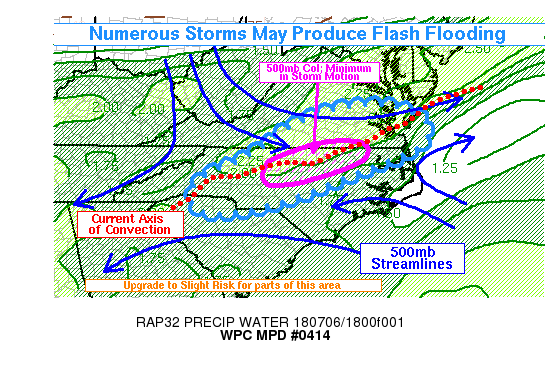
AREAS AFFECTED...SRN VA...NC...UPSTATE SC

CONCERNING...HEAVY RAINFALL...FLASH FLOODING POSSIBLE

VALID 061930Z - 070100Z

SUMMARY...STORMS WERE BECOMING MORE NUMEROUS AND CONCENTRATED IN
CENTRAL NORTH CAROLINA AND ADJACENT AREAS THIS AFTERNOON. THESE
STORMS WERE MOVING SLOWLY AND MAY PRODUCE RAIN RATES UP TO 2-3
IN/HR IN SOME LOCATIONS...WHICH COULD LEAD TO FLASH FLOODING.

DISCUSSION...RAP MODEL ANALYSIS SHOWED (AND 12Z RAOBS IMPLIED) A
COL AND GENERAL WEAKNESS IN THE MID-LEVEL FLOW CENTERED ON NORTH
CAROLINA. THIS WAS INDEED WHERE LATEST RADAR TRENDS SHOWED THE
SLOWEST AVERAGE STORM MOTIONS AND TRENDS FOR STALLING AND
BACKBUILDING CLUSTERS OF STORMS... PARTICULARLY FROM GREENSBORO NC
EAST TO JUST NORTH OF THE TRIANGLE REGION. EVEN THE NORTHERN END
OF A FAIRLY PROGRESSIVE LINE OF THUNDERSTORMS BEGAN TO STALL IN
ROCKINGHAM AND GUILFORD COUNTIES AS IT APPROACHED THAT WEAKNESS IN
THE MID-LEVEL FLOW. CONVECTION WAS GENERALLY BECOMING MORE
CONCENTRATED IN THIS COL...AND IN A COINCIDENT PLUME OF HIGH
PRECIPITABLE WATER VALUES (BETWEEN 1.8 AND 2.1 INCHES). VALUES
THIS HIGH SHOULD ENABLE EFFICIENT RAINFALL PRODUCTION... AND WITH
MODERATE TO STRONG INSTABILITY REGIONWIDE 2-3 IN/HR RAIN RATES
SHOULD BE ACHIEVABLE. THEREFORE... FLASH FLOODING DOES APPEAR
POSSIBLE ACROSS THE REGION THIS AFTERNOON. GIVEN THE INCREASING
CONCENTRATION OF CONVECTION AND SLOWING STORM MOTIONS... PARTS OF
THE REGION WERE UPGRADED TO A SLIGHT RISK ON THE DAY 1 EXCESSIVE
RAINFALL OUTLOOK.

WITH THE SYNOPTIC COLD FRONT WELL TO THE NORTH... THERE IS A LACK
OF A STRONG LOW-LEVEL FOCUS TO LOCK CONVECTION INTO A SPECIFIC
LOCATION FOR AN EXTENDED PERIOD OF TIME. LOW-LEVEL FLOW IS ALSO
RATHER WEAK... SO STORMS SHOULD HAVE A TENDENCY TO DRIFT AND
INDIVIDUAL UPDRAFTS MAY NOT BE ABLE TO LAST FOR EXTENDED PERIODS
OF TIME. NEVERTHELESS... WITH THE SLOW STORM MOTIONS AND ABUNDANT
LOW-MID LEVEL MOISTURE... LOCALLY HEAVY RAINFALL APPEARS VERY
LIKELY AND THIS MAY PRODUCE LOCALIZED FLASH FLOODING AS WELL...
PARTICULARLY IF THE 2-3 IN/HR RATES CAN ALIGN WITH SOME OF THE
URBANIZED AREAS IN THE REGION.